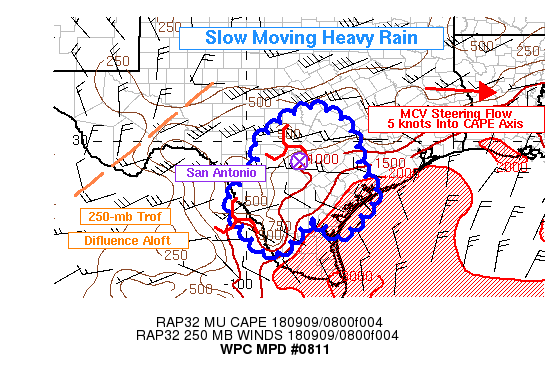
Areas affected...SRN TX

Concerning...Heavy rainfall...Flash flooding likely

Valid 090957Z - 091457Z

Summary...Heavy rainfall was escalating in coverage this morning
over the Texas Hill Country and south Texas. Flash flooding is
likely, with rapid accumulation of 3-plus inches of rainfall.

Discussion...At 0945Z the number of flash flood warnings from
local offices was increasing ahead of two mesoscale convective
vortices (MCVs) located one near San Antonio and the other along
the Rio Grande to the south. These vortices were the result of
latent heat release from prior overnight convection feeding back
on the weak synoptic mid level flow. An upstream 250-mb trough
axis placed this region under a difluent flow regime aloft,
further supporting organization and gentle lifting of the near
2.25 inch precipitable water values per the SPC mesoanalysis.

All cell motions are analyzed as zero to ten knots based on the
vertical wind profile over the region. Steering flow for the MCVs
will take them generally eastward into the instability axis, with
uncapped mixed-layer CAPE values of several hundred J/kg in the
Hill Country increasing to near 2000 J/kg at the coast.
Additionally, a surface frontal zone increasing in strength was
already leading to an expansion of new convection extending
northeast from San Antonio toward Bastrop.

Instability will gradually be consumed, and without sustained low
level inflow, there is a limit to how much rain will fall at any
given location. But the extremely efficient, tropical environment,
coupled with broad lift and sufficient instability, should yield
some rapid accumulations of 3-plus inches of rain. The 08Z HRRR
and 00Z NSSL WRF were doing particularly well depicting this.
Flash flooding appears likely, especially in the more prone Hill
Country where FFG is also lower. But some lowered FFG also exists
near and north of Corpus Christi where models depict a secondary
maximum of rainfall this morning.